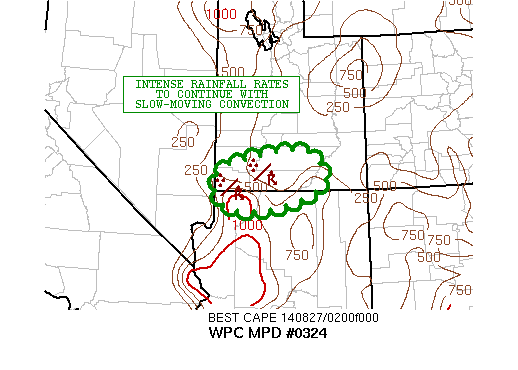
AREAS AFFECTED...FAR NORTHERN AZ...SOUTHERN UT

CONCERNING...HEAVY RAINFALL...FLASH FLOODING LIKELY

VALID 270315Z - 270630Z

SUMMARY...ADDITIONAL HEAVY SHOWERS AND THUNDERSTORMS ARE EXPECTED
TO EXACERBATE ONGOING FLASH FLOOD CONCERNS THE NEXT FEW HOURS.

DISCUSSION...AN UPR LOW MOVING SLOWLY EASTWARD THROUGH ERN NV WILL
BE MOVING GRADUALLY INTO CNTRL UT OVERNIGHT AND WILL CONTINUE TO
FOSTER AREAS OF HVY SHOWERS AND THUNDERSTORMS. THE LATEST WV
IMAGERY SUGGESTS IMPRESSIVE LARGE SCALE ASCENT WITH ROBUST
DYNAMICAL FORCING AND RESULTING DIV FLOW ALOFT OVER NORTHERN AZ
AND INTO CNTRL/SRN UT.

THE DYNAMICS ALOFT ARE INTERACTING WITH A NOSE OF MODEST
INSTABILITY EXTENDING FROM WRN AZ NWD INTO SRN UT...WITH MUCAPE
VALUES OF 500 J/KG TO 1000 J/KG. THE LATEST IR SAT IMAGERY ALREADY
SHOWS A CLUSTER OF RELATIVELY COLD-TOPPED CONVECTION OVER SWRN
UT...BUT THE CLOUD TOPS ARE STILL COOLING WHICH IS INDICATIVE OF
STRENGTHENING AND FURTHER CONFIRMS THE DEGREE OF LARGE SCALE
ASCENT OVER THE AREA.

THE CONVECTION IS ALREADY PRODUCING AREAS OF INTENSE FLASH
FLOODING AND ESP OVER AREAS OF HIGHER TERRAIN INVOLVING THE SRN
WASATCH MTNS. THIS IS EXPECTED TO CONTINUE OVER THE NEXT FEW HOURS
AS ADDITIONAL HVY SHOWERS AND THUNDERSTORMS DEVELOP OVER SWRN UT
AND ADVANCE SLOWLY EAST ACROSS FAR SRN UT AND POSSIBLY SINKING
SEWD SOMEWHAT THROUGH NRN AZ WHERE THE INSTABILITY IS SLIGHTLY
GREATER.

RAINFALL RATES OF UP TO 1.5 INCHES/HR ARE EXPECTED...WITH STORM
TOTAL AMTS OF LOCALLY 3 TO 5 INCHES ANTICIPATED. THESE RAINS COULD
CAUSE LIFE-THREATENING FLASH FLOODING AND MUDSLIDES...ALONG WITH
DAMAGING DEBRIS FLOWS. WILL CONTINUE TO MONITOR.